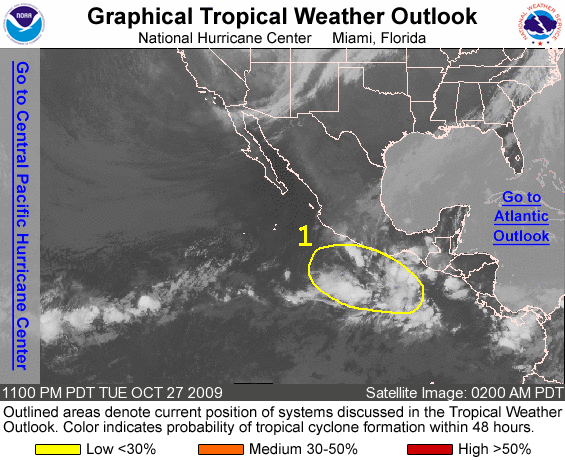
FOR THE EASTERN NORTH PACIFIC...EAST OF 140 DEGREES WEST LONGITUDE..

1. DISORGANIZED SHOWERS AND THUNDERSTORMS CONTINUE FROM THE COAST OF MEXICO NEAR ACAPULCO SOUTHWARD FOR A FEW HUNDRED MILES. SLOW DEVELOPMENT OF THIS SYSTEM IS POSSIBLE OVER THE NEXT COUPLE OF DAYS AS IT REMAINS NEARLY STATIONARY. THERE IS A LOW CHANCE...LESS THAN 30 PERCENT...OF THIS SYSTEM BECOMING A TROPICAL CYCLONE DURING THE NEXT 48 HOURS.

ELSEWHERE...TROPICAL CYCLONE FORMATION IS NOT EXPECTED DURING THE NEXT 48 HOURS.

FORECASTER BEVEN